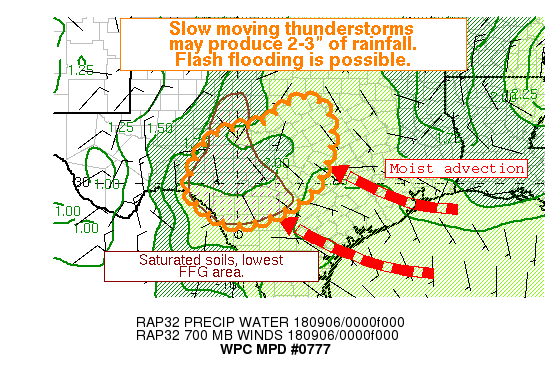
Areas affected...Central Rio Grande Valley into the Texas Hill
Country

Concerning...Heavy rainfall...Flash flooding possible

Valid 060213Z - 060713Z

Summary...Clusters of thunderstorms will develop across central
Texas and drift into the Texas Hill Country. Rainfall of 2-3
inches will have the potential to produce flash flooding,
especially in areas most sensitive due to terrain.

Discussion...Thunderstorms noted on Del Rio, TX WSR-88D will
continue to expand in coverage and drift across the region this
evening. Latest GOES-16 IR imagery shows cooling cloud tops
suggesting of intensifying convection, and this is reflected by
recent radar estimated rainfall rates of 1-1.5 inches per hour.

Latest RAP analysis of the thermodynamic environment shows a 2+
inch PWAT plume advecting onto the TX coast on ESE flow from the
surface up through 850mb, with moisture transport vectors directed
into central TX and the Balcones Escarpment. Although instability
is waning, sufficient MLCape of 500-1000 J/kg, 700mb confluence,
and subtle 300mb jet level diffluence will aid in enhancing lift
through the evening, and convection is forecast to increase in
coverage. Despite the modest lift, flash flooding will be possible
due to very slow storm motions. 0-6km mean wind on the 00Z DRT
sounding was just 2 knots from the south, and GFS corfidi vectors
are nearly anti-parallel to the mean flow suggesting almost
stationary movement of individual cells. With PWATs forecast to
continue to increase, nearly stationary cell movement could
produce 2-3" of rainfall in a very short period of time. This has
the potential to cause flash flooding, as 3-hr FFG values are
extremely low, less than 2 inches in some places, due to recent
heavy rainfall.